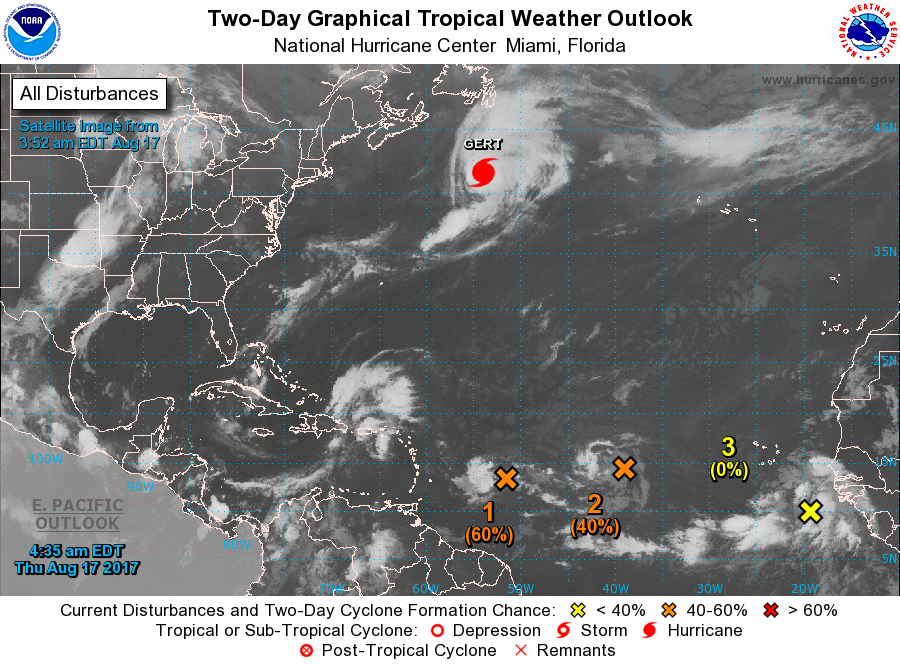
For the North Atlantic...Caribbean Sea and the Gulf of Mexico:

The National Hurricane Center is issuing advisories on Hurricane Gert, located several hundred miles southeast of Halifax, Nova Scotia.

1. Showers and thunderstorms are showing signs of organization in association with a low pressure system located about 550 miles east of the Lesser Antilles. Environmental conditions appear generally conducive for development, and this system has the potential to become a tropical depression while it moves westward across the tropical Atlantic Ocean and into the Caribbean Sea on Friday. Regardless of development, locally heavy rainfall and gusty winds are expected to spread across portions of the Lesser Antilles tonight and Friday, and interests there and elsewhere in the eastern Caribbean should monitor the progress of this system. An Air Force Reserve reconnaissance aircraft is scheduled to investigate the disturbance this afternoon, if necessary.
* Formation chance through 48 hours...medium...60 percent.
* Formation chance through 5 days...high...70 percent.

2. A second area of low pressure located about midway between the coast of Africa and the Lesser Antilles continues to produce disorganized showers and thunderstorms. Gradual development of this system is possible during the next few days while it moves west-northwestward at 15 to 20 mph, but upper-level winds are expected to become less conducive for tropical cyclone formation when the disturbance moves north of the Leeward Islands this weekend.
* Formation chance through 48 hours...medium...40 percent.
* Formation chance through 5 days...medium...50 percent.

3. A tropical wave located over the far eastern Atlantic Ocean near the Cabo Verde Islands is producing disorganized showers and thunderstorms. Gradual development of this system is possible during the next several days while it moves westward to west-northwestward at about 15 mph.
* Formation chance through 48 hours...low...near 0 percent.
* Formation chance through 5 days...medium...40 percent.

Forecaster Cangialosi